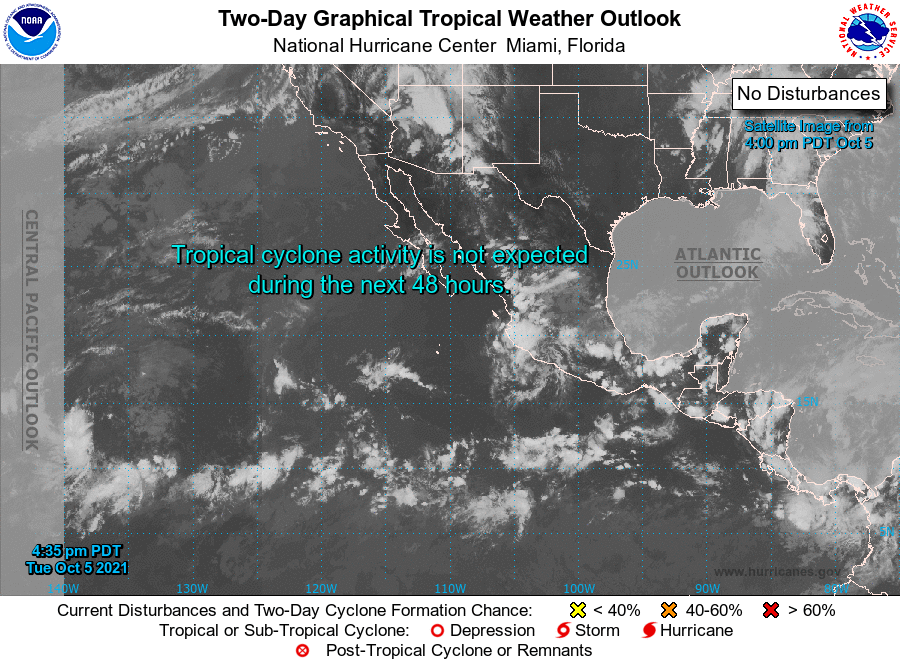
For the eastern North Pacific...east of 140 degrees west longitude:

1. An area of low pressure is forecast to form well off the coast of Central America and southern Mexico by the end of the week. Gradual development of the system is possible thereafter, and a tropical depression could form over the weekend while it moves westward to west-northwestward.
* Formation chance through 48 hours...low...near 0 percent.
* Formation chance through 5 days...medium...40 percent.

Forecaster Cangialosi